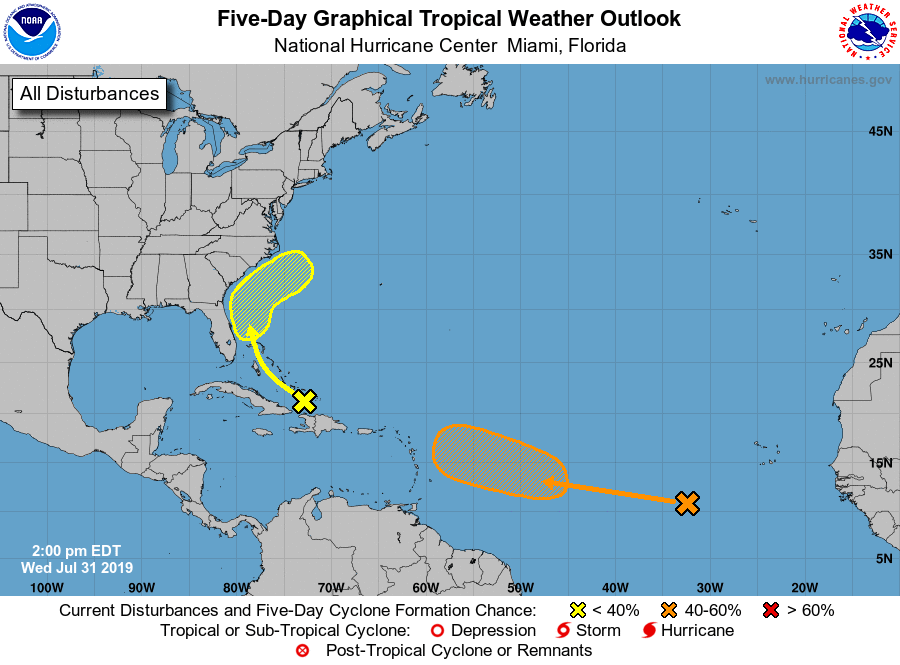
For the North Atlantic...Caribbean Sea and the Gulf of Mexico:

1. An area of disturbed weather stretching from Puerto Rico to the southeastern Bahamas is forecast to move northwestward to northward during the next couple of days, producing locally heavy rainfall over portions of the Greater Antilles, the Bahamas and Florida. Conditions could become marginally conducive for development over the weekend while the system turns and accelerates northeastward off the southeast U.S. coast.
* Formation chance through 48 hours...low...near 0 percent.
* Formation chance through 5 days...low...10 percent.

2. A broad area of shower and thunderstorm activity is associated with a tropical wave located several hundred miles southwest of the Cabo Verde Islands. Little to no development of the wave is expected for the next few days while it moves westward across the eastern and central tropical Atlantic Ocean at about 15 mph. Environmental conditions are forecast to become more conducive for development over the weekend and a tropical depression could form by early next week several hundred miles east of the Lesser Antilles.
* Formation chance through 48 hours...low...near 0 percent.
* Formation chance through 5 days...medium...60 percent.

Forecaster Zelinsky